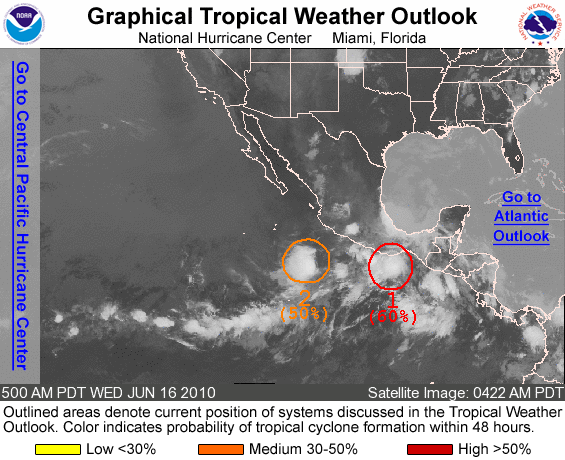
FOR THE EASTERN NORTH PACIFIC...EAST OF 140 DEGREES WEST LONGITUDE..

1. AN AREA OF LOW PRESSURE LOCATED NEAR THE GULF OF TEHUANTEPEC CONTINUES TO SHOW SIGNS OF ORGANIZATION. ENVIRONMENTAL CONDITIONS APPEAR CONDUCIVE FOR DEVELOPMENT OF THIS SYSTEM DURING THE NEXT DAY OR TWO...AND THIS SYSTEM COULD BECOME A TROPICAL DEPRESSION AS IT DRIFTS GENERALLY WEST-NORTHWESTWARD. THERE IS A HIGH CHANCE...60 PERCENT...OF THIS SYSTEM BECOMING A TROPICAL CYCLONE DURING THE NEXT 48 HOURS. REGARDLESS OF DEVELOPMENT...HEAVY RAINS ARE POSSIBLE ALONG THE COASTAL SECTIONS OF MEXICO FROM THE GULF OF TEHUANTEPEC WEST TO ACAPULCO DURING THE NEXT DAY OR SO.

2. THE LOW PRESSURE AREA LOCATED ABOUT 275 MILES SOUTH-SOUTHWEST OF MANZANILLO MEXICO HAS CHANGED LITTLE IN ORGANIZATION OVERNIGHT. ENVIRONMENTAL CONDITIONS APPEAR MARGINALLY CONDUCIVE FOR DEVELOPMENT...AND A TROPICAL DEPRESSION COULD STILL FORM FROM THIS SYSTEM AS IT MOVES SLOWLY WEST-NORTHWESTWARD DURING THE NEXT DAY OR TWO. THERE IS A MEDIUM CHANCE...50 PERCENT...OF THIS SYSTEM BECOMING A TROPICAL CYCLONE DURING THE NEXT 48 HOURS.

ELSEWHERE...TROPICAL CYCLONE FORMATION IS NOT EXPECTED DURING THE NEXT 48 HOURS.

FORECASTER BROWN/KIMBERLAIN